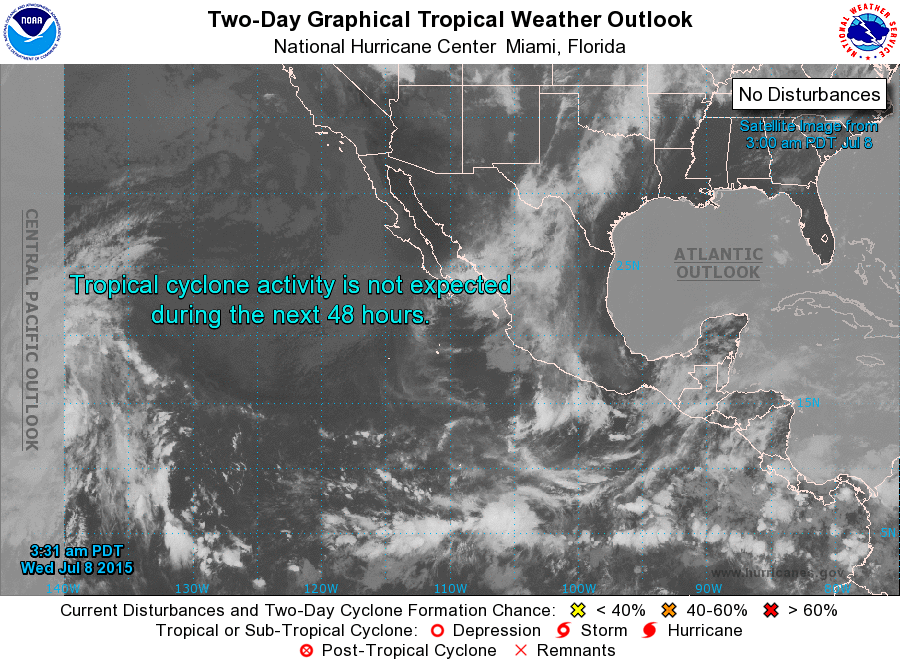
For the eastern North Pacific...east of 140 degrees west longitude:

The National Hurricane Center is issuing advisories on newly formed Tropical Depression Four-E, located about 1025 miles east-southeast of Hilo, Hawaii. This system has moved into the central Pacific basin, and future advisories will be issued by the Central Pacific Hurricane Center in Honolulu Hawaii beginning at 11 PM HST.

1. An area of low pressure is expected to form several hundred miles south of the coast of southern Mexico later this week. Some development of this system is possible by this weekend while the low moves west-northwestward.
* Formation chance through 48 hours...low...near 0 percent
* Formation chance through 5 days...medium...40 percent

2. An area of low pressure is expected to develop several hundred miles south of the southern tip of Baja California Sur over the next couple of days. Gradual development of this system is possible through this weekend and into early next week while the low moves west-northwestward.
* Formation chance through 48 hours...low...near 0 percent
* Formation chance through 5 days...low...20 percent

Public Advisories on Tropical Depression Four-E are issued under WMO header WTPZ34 KNHC and under AWIPS header MIATCPEP4. Forecast/Advisories on Tropical Depression Four-E are issued under WMO header WTPZ24 KNHC and under AWIPS header MIATCMEP4.

Future advisories will be issued by the Central Pacific Hurricane Center in Honolulu Hawaii, under AWIPS Header TCPCP1 and WMO Header WTPA31 PHFO.

Forecaster Stewart